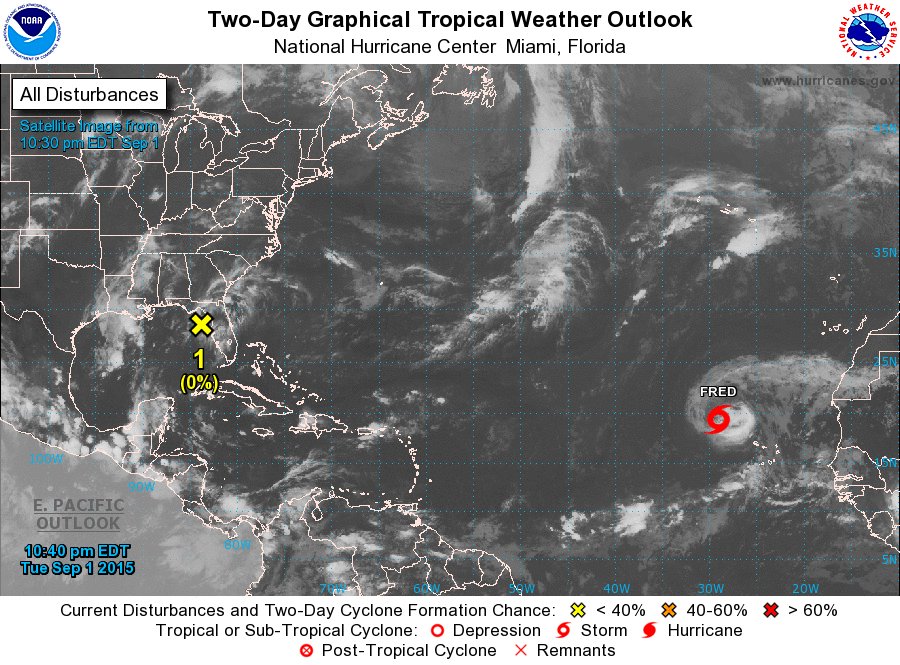
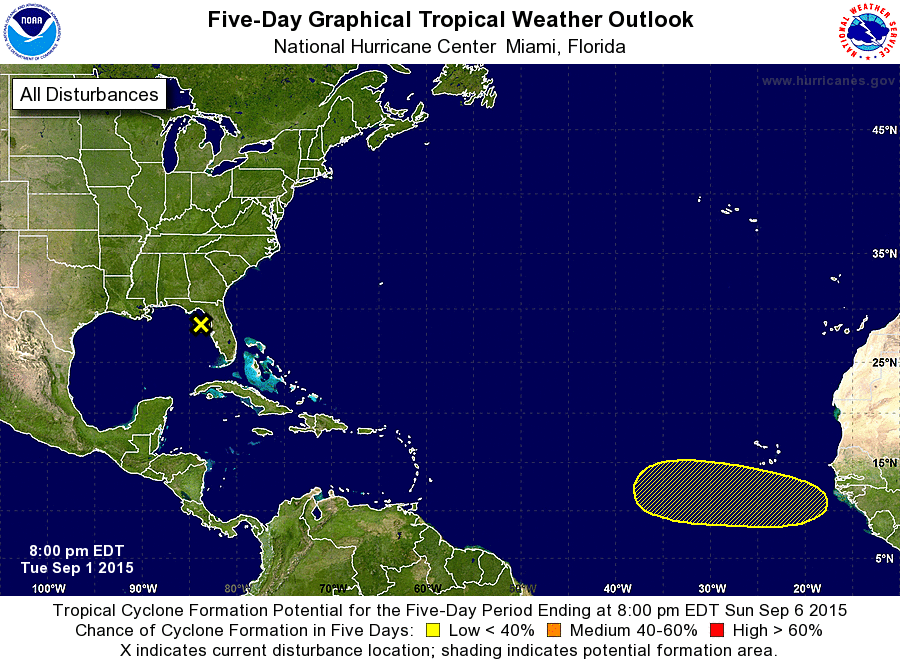
For the North Atlantic...Caribbean Sea and the Gulf of Mexico:

The National Hurricane Center is issuing advisories on Tropical Storm Fred, located northwest of the northwestern Cape Verde Islands.

1. A weak surface trough, the remnants of Erika, is producing an area of disorganized showers and thunderstorms over the northeastern Gulf of Mexico. Surface pressures in the area are high, and upper-level winds are currently not conducive for redevelopment. This system could produce locally heavy rainfall over portions of central and northern Florida during the next day or so while it drifts northward.
* Formation chance through 48 hours...low...near 0 percent
* Formation chance through 5 days...low...near 0 percent

2. A tropical wave is forecast to move off of the west coast of Africa on Thursday several hundred miles southeast of the Cape Verde Islands. Development, if any, of this system should be slow to occur through the weekend while it moves westward at 15 to 20 mph.
* Formation chance through 48 hours...low...near 0 percent
* Formation chance through 5 days...low...10 percent

Forecaster Beven